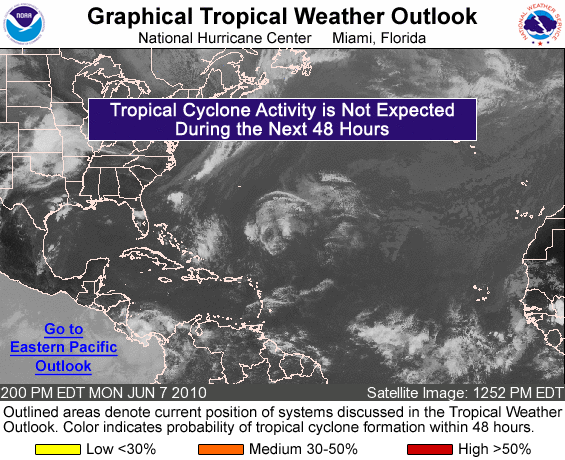
FOR THE NORTH ATLANTIC...CARIBBEAN SEA AND THE GULF OF MEXICO...

TROPICAL CYCLONE FORMATION IS NOT EXPECTED DURING THE NEXT 48 HOURS.

FORECASTER AVILA